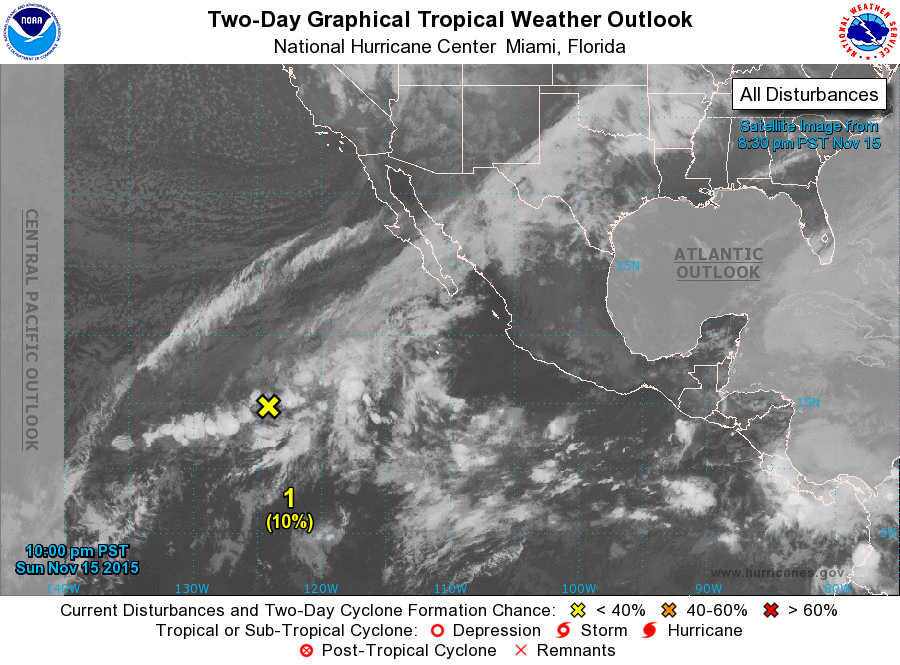
For the eastern North Pacific...east of 140 degrees west longitude:

1. An elongated area of low pressure located about 1100 miles west-southwest of the southern tip of the Baja California peninsula is producing disorganized showers and thunderstorms. Development, if any, of this system should be slow to occur while it drifts southwestward during the next few days.
* Formation chance through 48 hours...low...10 percent
* Formation chance through 5 days...low...20 percent

Forecaster Cangialosi